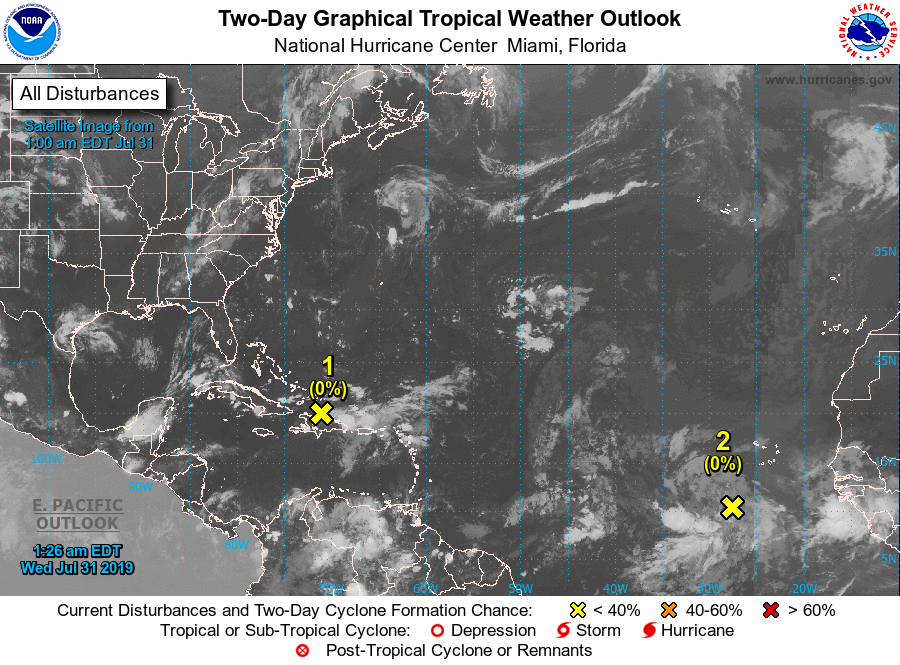
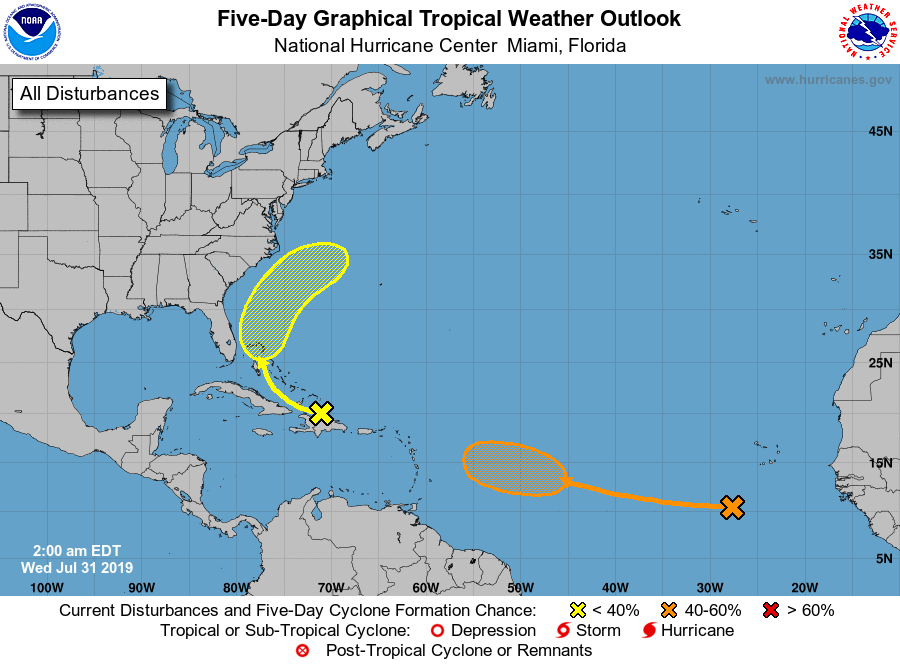
For the North Atlantic...Caribbean Sea and the Gulf of Mexico:

1. A tropical wave continues to produce disorganized showers and thunderstorms over Hispaniola, Puerto Rico, and the Virgin Islands. This disturbance is forecast to move northwestward to northward at about 10 mph during the next several days, producing locally heavy rainfall over portions of the Greater Antilles, the Bahamas, and Florida. Conditions could become marginally conducive for development over the weekend when the disturbance moves near Florida and the northwestern Bahamas and then turns northeastward over the western Atlantic Ocean.
* Formation chance through 48 hours...low...near 0 percent.
* Formation chance through 5 days...low...10 percent.

2. A tropical wave located over the eastern tropical Atlantic Ocean, a few hundred miles south-southwest of the Cabo Verde Islands, continues to produce a broad area of disorganized showers and thunderstorms. No significant development of this system is expected for the next few days while it moves westward at about 15 mph. Thereafter, upper-level winds are forecast to gradually become more conducive, and a tropical depression could form over the weekend several hundred miles east of the Lesser Antilles.
* Formation chance through 48 hours...low...near 0 percent.
* Formation chance through 5 days...medium...40 percent.

Forecaster Berg